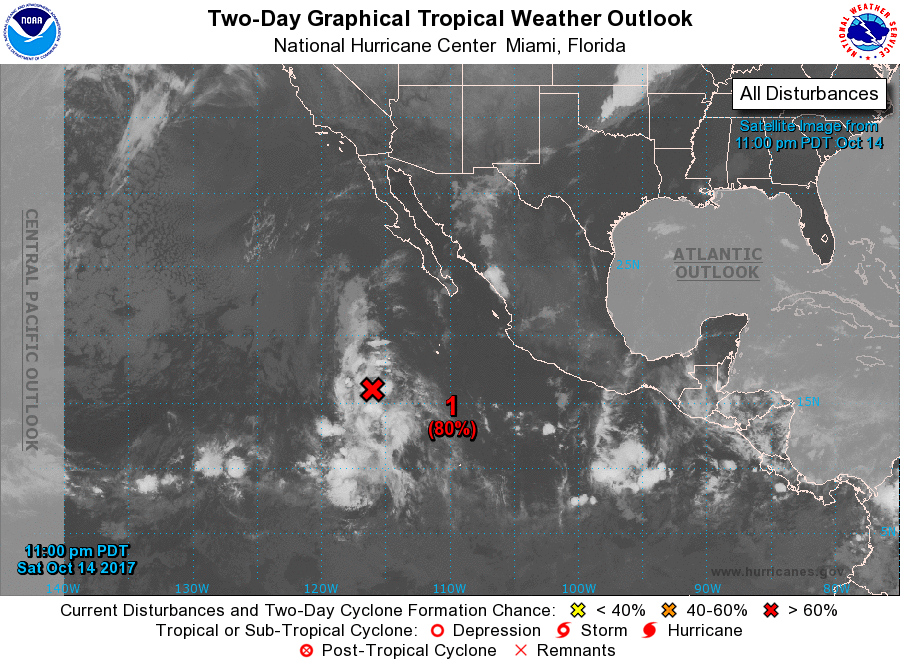
For the eastern North Pacific...east of 140 degrees west longitude:

1. A low pressure system located several hundred miles southwest of the southern tip of the Baja California peninsula is gradually becoming better defined. Environmental conditions appear conducive for a tropical depression to form during the next day or two while the system moves west-northwestward to northwestward at 10 to 15 mph.
* Formation chance through 48 hours...high...80 percent.
* Formation chance through 5 days...high...80 percent.

Forecaster Stewart